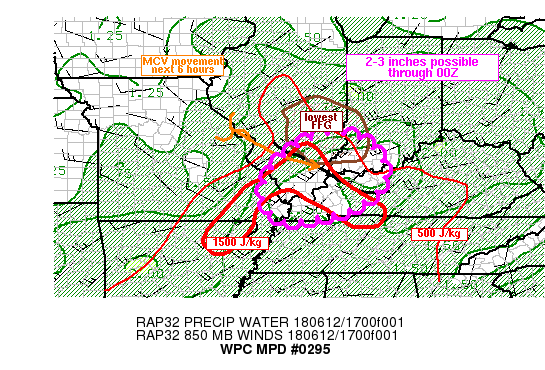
AREAS AFFECTED...PORTIONS OF THE LOWER OHIO VALLEY

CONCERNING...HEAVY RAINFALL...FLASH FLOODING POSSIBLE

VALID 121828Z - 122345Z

SUMMARY...THUNDERSTORMS CAPABLE OF 1.5 TO 2.5 IN/HR RATES ARE
EXPECTED TO GROW IN COVERAGE ALONG THE LOWER OHIO RIVER
VALLEY...WITH POSSIBLE FLASH FLOODING ESPECIALLY IF OVERLAP OCCURS
WITH VERY LOW FLASH FLOOD GUIDANCE VALUES OVER SOUTHEASTERN IL
INTO SOUTHWESTERN IN. 2-3 INCHES WILL BE POSSIBLE THROUGH 00Z.

DISCUSSION...18Z SURFACE OBSERVATIONS PLACED AN OUTFLOW BOUNDARY
DUE TO MORNING CONVECTION FROM WEST-CENTRAL KY INTO SOUTH-CENTRAL
IL. VISIBLE IMAGERY ALSO SHOWED A WELL DEFINED MCV TRACKING
SOUTHEASTWARD FROM THE CENTRAL MO/IL BORDER WHICH IS EXPECTED TO
CONTINUE A SOUTHEASTWARD MOVEMENT THROUGH THE AFTERNOON.
CONVECTION WAS ALREADY DEVELOPING AHEAD OF THE MCV...BUT WAS
WEAKER TO THE NORTH OF THE OUTFLOW BOUNDARY WHERE THE ENVIRONMENT
IS LIKELY STILL CAPPED DUE TO COOLER SURFACE
TEMPERATURES...COMPARED TO LOCATIONS SOUTH OF THE OUTFLOW BOUNDARY
ALONG THE SOUTHERN MO/IL BORDER WHERE CONVECTION WAS MORE ROBUST.
RAP SOUNDINGS INDICATED LOCATIONS NORTH OF THE OUTFLOW WILL REACH
THEIR CONVECTIVE TEMPERATURE BETWEEN 86-88 F...WHICH APPEARS
POSSIBLE GIVEN BREAKS IN CLOUD COVER OVER SOUTHERN IL/IN.

GPS MEASUREMENTS INDICATED PRECIPITABLE WATER VALUES BETWEEN
1.6-1.8 INCHES AND MLCAPE WAS ESTIMATED TO BE BETWEEN 500-1500
J/KG ACROSS THE REGION...SLIGHTLY LOWER THAN RAP/HRRR ESTIMATES.
AREA VAD WIND PLOTS AND RAP ANALYSES DEPICTED AN AREA OF ENHANCED
SOUTHWESTERLY 850 MB FLOW (20-30 KT) FROM SOUTHERN IL INTO
SOUTHERN IN...WHICH SHOULD MOVE OFF TOWARD THE EAST AHEAD OF THE
MCV/MID-LEVEL WAVE. BRIEF TRAINING WITHIN THIS CORRIDOR OF
STRONGER 850 MB FLOW IS LIKELY TO SUPPORT RAINFALL RATES OF 1.5 TO
2.5 IN/HR...ALONG AND SOUTH OF THE OUTFLOW BOUNDARY...BUT SOME
OVERLAP TO THE NORTH WHERE FFG IS VERY LOW (0.75 INCHES IN 3
HOURS) WILL BE POSSIBLE. 2-3 INCHES OF RAINFALL IS EXPECTED FOR
THE 6 HOUR PERIOD ENDING 00Z.